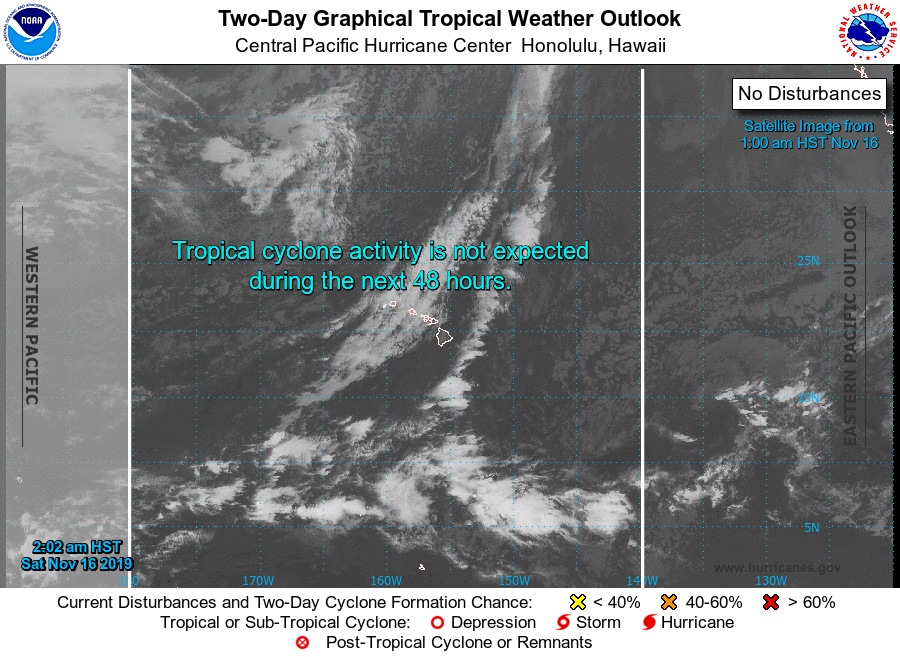
For the central North Pacific...between 140W and 180W:

No tropical cyclones are expected during the next 5 days.

Forecaster Houston